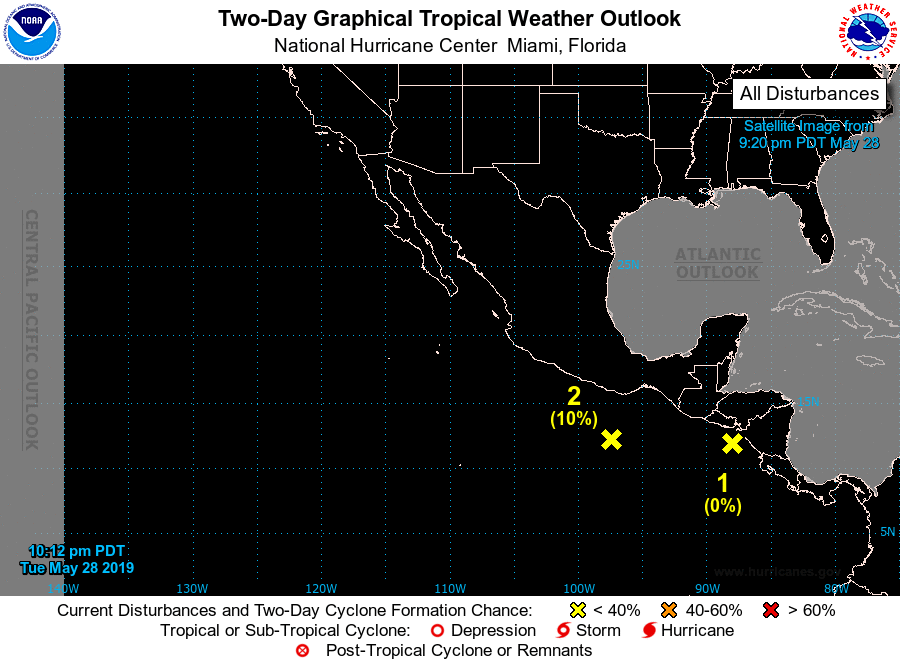
For the eastern North Pacific...east of 140 degrees west longitude:

1. A weak area of low pressure is located over the far eastern Pacific less than 100 miles southwest of the Nicaragua-Honduras border. This broad disturbance continues to produce disorganized showers and thunderstorms over portions of Costa Rica, Nicaragua, and the adjacent Pacific waters. The system is expected to move inland over Central America on Wednesday, and formation of a tropical cyclone is not expected. However, locally heavy rainfall is likely to continue over portions of Central America and southern Mexico during the next several days. These rains could cause flash flooding and mudslides in areas of mountainous terrain.
* Formation chance through 48 hours...low...near 0 percent.
* Formation chance through 5 days...low...near 0 percent.

2. A large area of disorganized showers and thunderstorms located a few hundred miles south of the coast of southern Mexico is associated with a trough of low pressure. Some gradual development of this system is possible during the next several days as it moves slowly northeastward.
* Formation chance through 48 hours...low...10 percent.
* Formation chance through 5 days...low...20 percent.

Forecaster Stewart